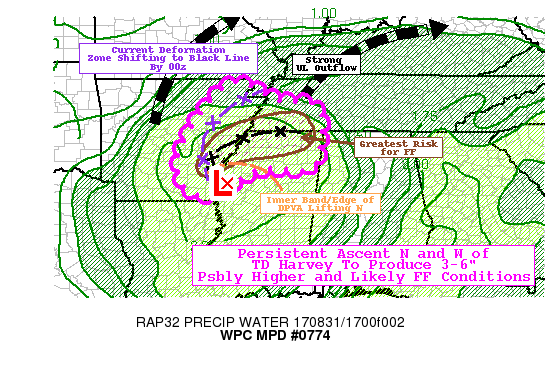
AREAS AFFECTED...EASTERN AR...NORTHERN MS...SOUTHWEST TN...MO
BOOTHEEL

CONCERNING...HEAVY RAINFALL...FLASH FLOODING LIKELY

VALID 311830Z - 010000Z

SUMMARY...PERSISTENT ASCENT ALONG DEFORMATION ZONE CONTINUE TO
SUPPORT HEAVY RAINFALL LIKELY TO POSE FLASH FLOODING CONDITIONS
THROUGH THIS EVENING.

DISCUSSION...WSR-88D RADAR MOSAIC AND 6.9UM EXPERIMENTAL GOES-16
WV CHANNEL DEPICTS A BAND/LOBE OF LOW TO MID-LEVEL VORTICITY
PRESSING NORTHWARD ACROSS MS PROVIDING INCREASING DPVA/DYNAMIC
ASCENT ALONG AND IN ADVANCE OF THE W TO E ARCHED BAND FROM E AR TO
NW AL ATTM. ADDITIONAL LARGER SCALE ASCENT IS PRESENT ACROSS
WESTERN TN/NE AR AT THE RIGHT ENTRANCE OF SLIGHTLY DIFFLUENT POLAR
JET DEPICTED WELL BY EXPANDING BAROCLINIC LEAF IN MO.

MODEST INSTABILITY UP TO 1500 J/KG CAPES WITH SKINNY/MOIST
ADIABATIC LAPSE RATE PROFILES ACROSS N MS ALLOWING FOR BROADLY
EXPANDING SHIELD OF PRECIPITATION WITH EMBEDDED CONVECTIVE
ELEMENTS (TORNADIC AT TIMES...SEE SPC WATCH 476 AND MCD 1605 FOR
MORE DETAILS).  THESE CONVECTIVE ELEMENTS GIVEN DEEP MOISTURE
PROFILE WITH TPWS IN EXCESS OF 2.25" SUPPORT WARM CLOUD RAINFALL
PROCESSES WITH CAPABILITY OF 2.5"/HR RATES...THOUGH THE ELEMENTS
ARE PROGRESSIVE THROUGH THE BROADER SHIELD CAPABLE OF 1-1.5"/HR
THESE STREAKS WILL LIKELY POSE THE GREATEST FLASH FLOOD RISK.

CURRENT TRENDS ARE FOR THIS EXPANDING SHIELD TO RE-ESTABLISH A
BETTER MID-LEVEL DEFORMATION/CONVERGENCE ZONE ACROSS THE MS RIVER
IN E AR/N MS/SW TN OVER THE NEXT 6HRS. HOWEVER....GOES-E 11UM IR
STILL SHOWS COOLING/EXPANDING REGION OVER E AR COINCIDENT WITH
EARLIER DEFORMATION ZONE/BAND EXTENDING NORTH TO THE MO BOOTHEEL
CAPABLE OF 1.0-1.5"/HR FOR THE NEXT 2-3 HRS RAINING OVER AREAS
ALREADY EXPERIENCING LOCALIZED FLOODING CONDITIONS...AND HENCE
PROLONGING THE THREAT HERE AS WELL.  AS SUCH 2-4" TOTALS OVER
DESHA/ARKANSAS/PHILLIPS COUNTIES WHILE 3-6" CAN BE EXPECTED THE
TN/MS BORDER.  THIS EVOLUTION IS CONSIDERED HIGH CONFIDENCE IN
OCCURRING GIVEN STRONG HI-RES GUIDANCE AS WELL AS LARGER SCALE
GUIDANCE SUCH AS THE NAM/GFS/ECMWF/UKMET AGREEMENT ANCHORING SUCH
TOTALS THROUGH 00Z WITH SOME SUGGESTIONS OF 7 OR 8" LOCALIZED
VALUES NOT OUT OF THE REALM OF POSSIBILITY.  AS SUCH FLASH
FLOODING IS CONSIDERED LIKELY.